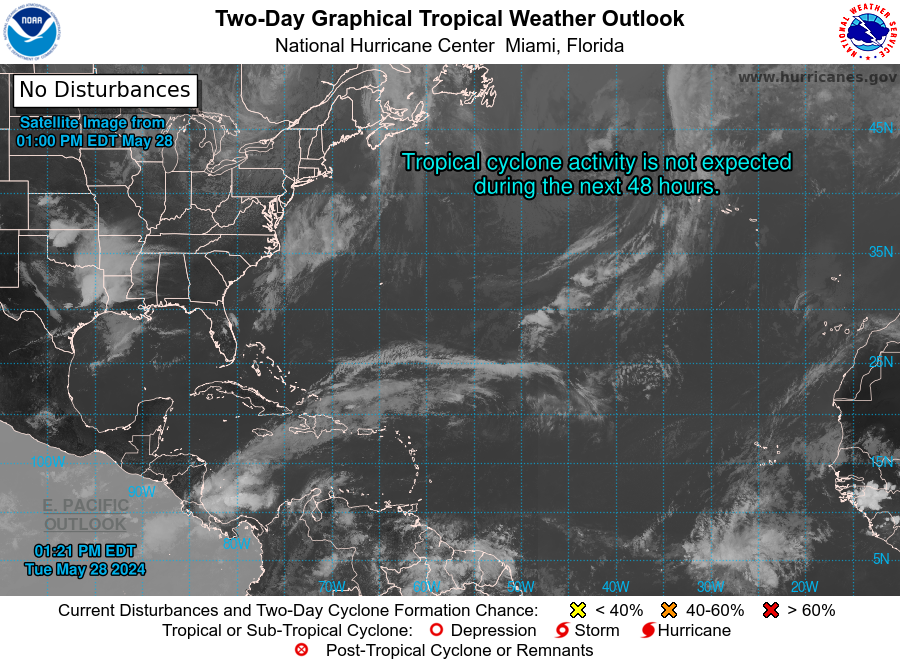
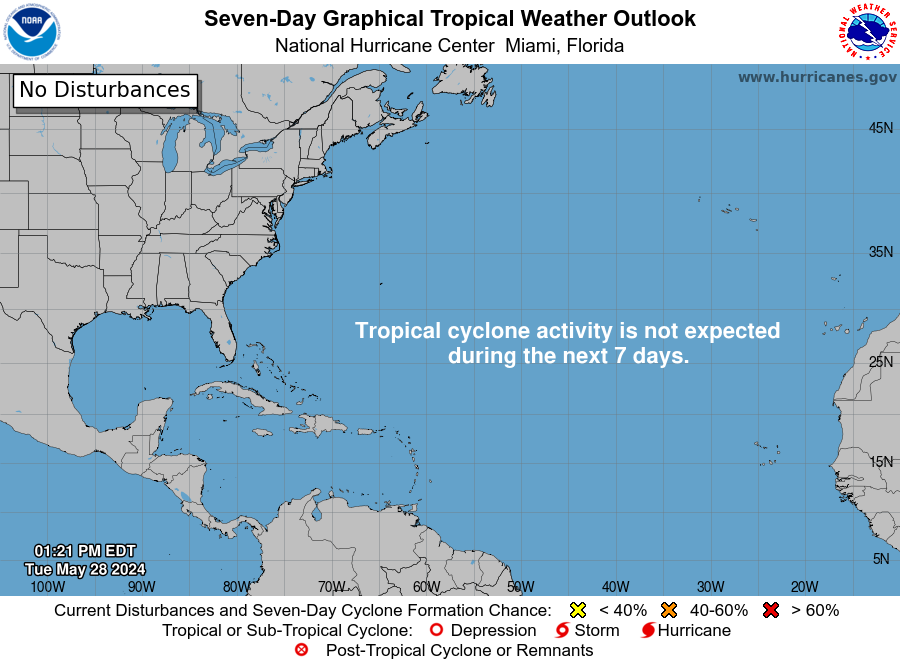
For the North Atlantic...Caribbean Sea and the Gulf of Mexico:

Tropical cyclone formation is not expected during the next 7 days.

Forecaster Bucci